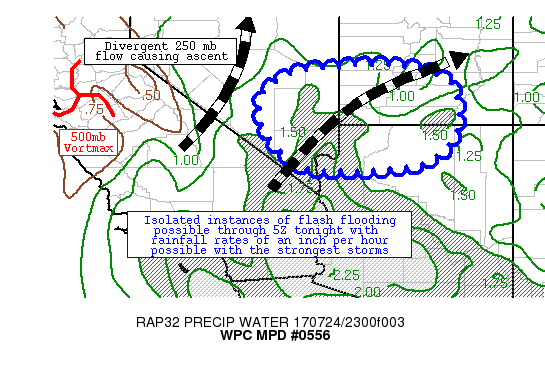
AREAS AFFECTED...SW UTAH...NW ARIZONA...S NEVADA

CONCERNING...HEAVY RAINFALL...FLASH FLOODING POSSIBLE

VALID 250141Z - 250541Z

SUMMARY...CLUSTERS OF SLOW MOVING THUNDERSTORMS ARE EXPECTED LATE
THIS EVENING OVER PARTS OF SOUTHERN NEVADA, SOUTHWEST UTAH, AND
NORTHWEST ARIZONA.  HOURLY RAINFALL RATES ON THE ORDER OF 1 TO 1.5
INCHES PER HOUR MAY LEAD TO SOME LOCALIZED FLOODING PROBLEMS.

DISCUSSION...THE LATEST GOES-16 INFRARED IMAGERY IS DEPICTING
SUSTAINED CONVECTION AND WIDESPREAD COLD CLOUD TOPS ACROSS WESTERN
UTAH AND EAST CENTRAL NEVADA.  SLOW MOVING STORMS CURRENTLY
ONGOING ARE SLOWLY BACKBUILDING TOWARDS THE SOUTH.  UPPER LEVEL
PARAMETERS, INCLUDING RIGHT ENTRANCE JET DYNAMICS AND A WELL
DEFINED MID-LEVEL TROUGH OVER NORTHERN CALIFORNIA, ARE PROVIDING
AN ENVIRONMENT FAVORABLE FOR LARGE SCALE ASCENT OVER THIS REGION
AND WILL SUPPORT AND MAINTAIN UPDRAFT STRENGTH. PW VALUES
AVERAGING NEAR 1.5 INCHES ARE LIKELY THROUGH THE EVENING HOURS
BASED ON THE LATEST RAP ANALYSIS, ALONG WITH MLCAPE ON THE ORDER
OF 1500 TO 2500 J/KG.

THE LATEST HI-RES MODEL GUIDANCE, INCLUDING THE HRRR, IS
SUGGESTING THE POSSIBILITY OF 1 TO LOCALLY 3 INCHES OF RAINFALL,
WITH THE BEST POTENTIAL FOR THIS NEAR THE NEVADA/UTAH BORDER.
GIVEN RECENT DOPPLER RADAR TRENDS, THE POTENTIAL EXISTS FOR
ISOLATED 2 INCH AMOUNTS THROUGH 5Z.  THE THREAT OF FLASH FLOODING
IS GREATEST FOR ARROYOS AND CANYON AREAS.